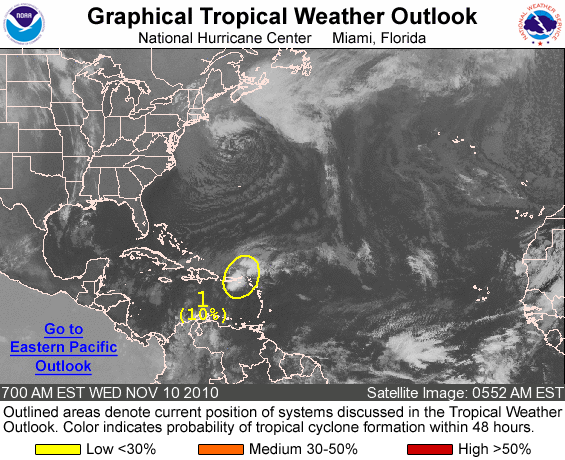
FOR THE NORTH ATLANTIC...CARIBBEAN SEA AND THE GULF OF MEXICO...

1. DISORGANIZED CLOUDINESS AND THUNDERSTORMS OVER PORTIONS OF PUERTO RICO...THE VIRGIN ISLANDS...THE NORTHERN LEEWARD ISLANDS AND ADJACENT WATERS ARE ASSOCIATED WITH A SURFACE TROUGH OF LOW PRESSURE. UPPER-LEVEL WINDS ARE FORECAST TO BECOME UNFAVORABLE FOR DEVELOPMENT AND THERE IS A LOW CHANCE...10 PERCENT...OF THIS SYSTEM BECOMING A TROPICAL CYCLONE DURING THE NEXT 48 HOURS. REGARDLESS OF DEVELOPMENT...LOCALLY HEAVY RAINFALL IS EXPECTED TO CONTINUE OVER PORTIONS OF THE NORTHERN LEEWARD ISLANDS AND PUERTO RICO DURING THE NEXT COUPLE OF DAYS AS THE SYSTEM MOVES NORTHWARD AT ABOUT 10 MPH.

ELSEWHERE...TROPICAL CYCLONE FORMATION IS NOT EXPECTED DURING THE NEXT 48 HOURS.

FORECASTER AVILA